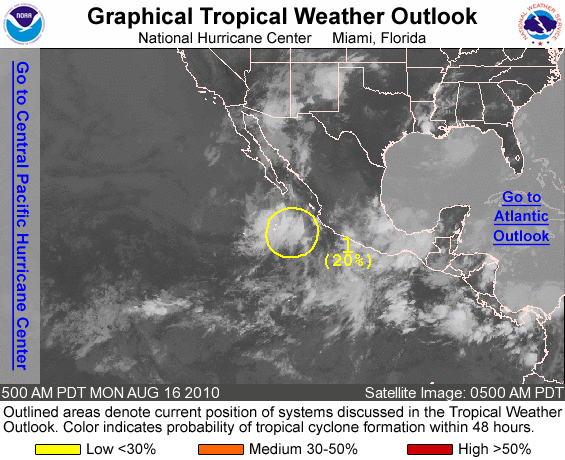
FOR THE EASTERN NORTH PACIFIC...EAST OF 140 DEGREES WEST LONGITUDE..

1. A BROAD AREA OF LOW PRESSURE LOCATED ABOUT 325 MILES SOUTH-SOUTHEAST OF THE SOUTHERN TIP OF BAJA CALIFORNIA CONTINUES TO PRODUCE A LARGE AREA OF DISORGANIZED SHOWERS AND THUNDERSTORMS. DEVELOPMENT OF THIS SYSTEM IS BECOMING LESS LIKELY DUE TO UNFAVORABLE UPPER-LEVEL WINDS AND THE EXPECTED PASSAGE OF THE LOW OVER COOLER WATERS IN THE NEXT DAY OR TWO. THERE IS A LOW CHANCE...20 PERCENT...OF THIS SYSTEM BECOMING A TROPICAL CYCLONE DURING THE NEXT 48 HOURS AS IT DRIFTS NORTHWESTWARD.

ELSEWHERE...TROPICAL CYCLONE FORMATION IS NOT EXPECTED DURING THE NEXT 48 HOURS.

FORECASTER KIMBERLAIN/PASCH